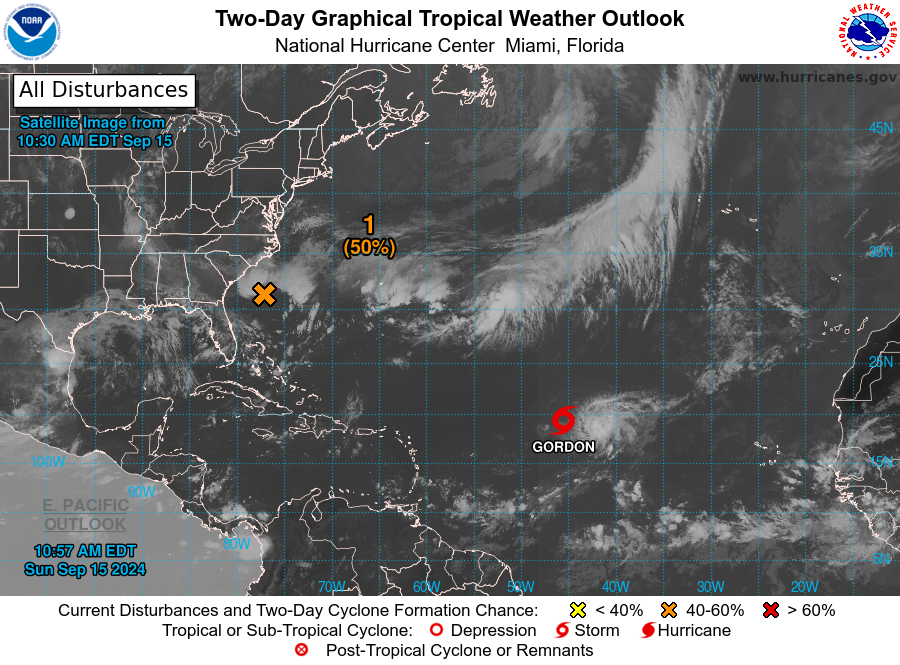
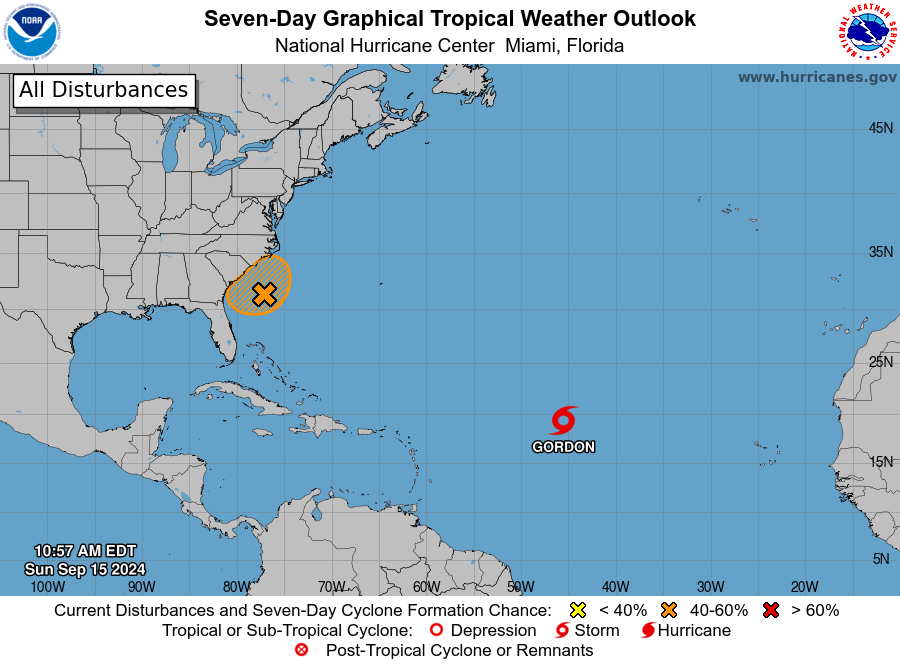
For the North Atlantic...Caribbean Sea and the Gulf of Mexico:

Active Systems: The National Hurricane Center is issuing advisories on Tropical Storm Gordon, located over the central tropical Atlantic Ocean.

1. Offshore the Southeastern U.S. Coast (AL95): A non-tropical low pressure area is located along a frontal boundary a couple of hundred miles off the southeastern U.S. coast, and is producing winds to gale force north of its center. The low is forecast to move northwestward or northward over the warm waters of the Gulf Stream toward the coasts of North Carolina and South Carolina, and it could become a subtropical or tropical storm during the next day or two if the associated front dissipates and showers and thunderstorms become sufficiently organized.

Regardless of tropical or subtropical development, the low is likely to bring gusty winds, heavy rains with the potential for flash flooding, coastal flooding, and dangerous beach conditions to portions of the U.S. Southeast and Mid-Atlantic coast during the next couple of days, and interests in these areas should monitor the system's progress. Additional information can be found in products issued by your local National Weather Service Forecast Office and High Seas Forecasts issued by the National Weather Service.
* Formation chance through 48 hours...medium...50 percent.
* Formation chance through 7 days...medium...50 percent.

High Seas Forecasts issued by the National Weather Service can be found under AWIPS header NFDHSFAT1, WMO header FZNT01 KWBC, and online at ocean.weather.gov/shtml/NFDHSFAT1.php

Forecaster Pasch